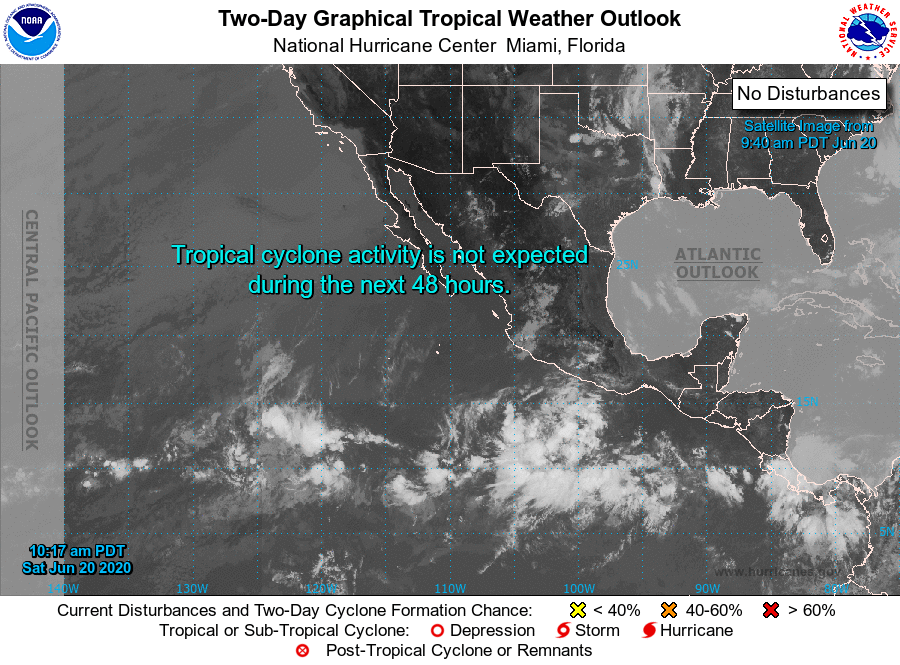
For the eastern North Pacific...east of 140 degrees west longitude:

1. A broad area of low pressure located more than 1000 miles southwest of the southern tip of the Baja California peninsula is producing disorganized showers and thunderstorms. Environmental conditions could support some slow development of this system through early next week while the disturbance moves generally westward.
* Formation chance through 48 hours...low...near 0 percent.
* Formation chance through 5 days...low...20 percent.

2. An area of disturbed weather has developed a few hundred miles south of the southwestern coast of Mexico. Some slow development of this system is possible through early next week as it moves westward, away from the coast of Mexico.
* Formation chance through 48 hours...low...near 0 percent.
* Formation chance through 5 days...low...20 percent.

Forecaster Latto